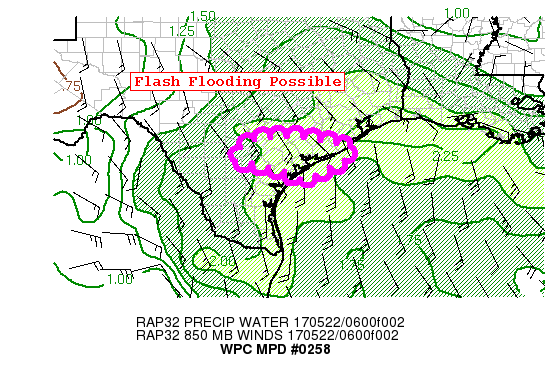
AREAS AFFECTED...COASTAL TEXAS

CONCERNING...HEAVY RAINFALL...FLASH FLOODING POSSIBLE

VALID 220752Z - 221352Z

SUMMARY...AN UPTICK IN CONVECTIVE COVERAGE ACROSS PORTIONS OF
COASTAL TEXAS WILL LEAD TO A FLASH FLOOD THREAT OVER THE NEXT
SEVERAL HOURS.

DISCUSSION...RECENT RADAR IMAGERY AND SURFACE WIND FIELDS SUGGEST
THAT AN MCV HAS FORMED WITH THE SMALL THUNDERSTORM COMPLEX MOVING
EAST ACROSS SOUTH TEXAS. THIS COMPLEX IS ALSO IN AN AREA OF
INCREASED UPPER LEVEL DIVERGENCE ON THE NOSE OF THE SUBTROPICAL
JET. AS THE MCV AND INCREASED UPPER LEVEL DIVERGENCE MOVES
EAST...CONDITIONS SHOULD CONTINUE TO BECOME MORE FAVORABLE FOR
CONVECTIVE DEVELOPMENT OVER PORTIONS OF SOUTHEAST TEXAS. EARLIER
THIS EVENING A BOUNDARY WAS EVIDENT OFFSHORE...WITH TRAINING
CONVECTION EVIDENCE OF THIS BOUNDARY. HOWEVER THIS CONVECTION HAS
BEEN FORCED EASTWARD WITH TIME...AND WIND FIELDS SUGGEST THE
BOUNDARY IS SLOWLY LIFTING BACK NORTH INTO THE COAST FROM CORPUS
CHRISTIE TO PORT LAVACA. THE COMBINATION OF FAVORABLE UPPER
DYNAMICS MOVING IN...AND INCREASED LOW LEVEL MOISTURE TRANSPORT
INTO THIS BOUNDARY...WILL SET THE STAGE FOR AN INCREASE IN ROBUST
CONVECTION OVER THE NEXT SEVERAL HOURS.

HIGH RES MODEL RUNS ARE GENERALLY IN GOOD AGREEMENT ON THE
EVOLUTION...WITH CELL MERGERS AND TRAINING CONVECTION LIKELY FROM
THE MCV TOWARDS THE COASTAL FRONT. PRECIPITABLE WATER VALUES ARE
RIGHT AROUND 2" PER GPS...WHICH COMBINED WITH A DEEP WARM LAYER
SUPPORTS EFFICIENT RAINFALL. THUS ANTICIPATE ISOLATED TO SCATTERED
4-6" TOTALS INTO THE EARLY MORNING HOURS...WITH THE MAIN FOCUS
THROUGH 12Z ALONG THE COAST IN BETWEEN CORPUS CHRISTIE AND
HOUSTON.

CONFIDENCE IN AN EXCESSIVE RAINFALL THREAT IS LOWER FURTHER UP THE
COAST IN THE VICINITY OF HOUSTON...THUS HAVE OPTED TO NOT EXTEND
THE MPD INTO THIS AREA AT THIS TIME. THIS AREA IS CURRENTLY
FURTHER INTO THE MORE STABLE AIR PER RADAR IMAGERY AND SPC RAP
MESOANALYSIS. HOWEVER DO ANTICIPATE THAT THE FRONT WILL SLOWLY
LIFT BACK NORTH WITH TIME HERE AS WELL. JUST A QUESTION AS TO HOW
FAR NORTH THE COASTAL FRONT AND BETTER INSTABILITY CAN GET NEAR
HOUSTON. THIS WILL DETERMINE WHETHER THE HEAVIEST TOTALS END UP
ONSHORE OR JUST OFFSHORE AS THE CONVECTION MOVES UP THE COAST
EARLY THIS MORNING. WILL CONTINUE TO MONITOR THIS REGION...AND
ISSUE ADDITIONAL MPDS AS NEEDED.